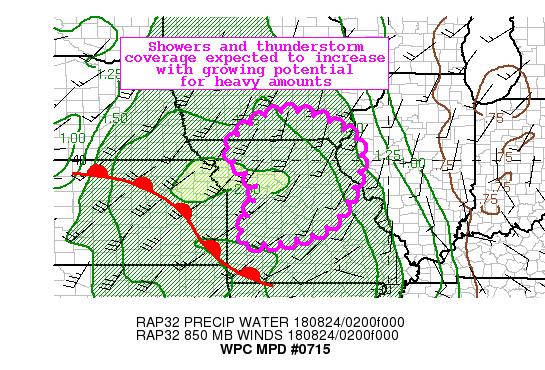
Areas affected...Central and Northern MO...Southern IA...Western
IL

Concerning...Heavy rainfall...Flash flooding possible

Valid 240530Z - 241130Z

Summary...Expect showers and thunderstorms to continue to develop
with an increasing threat for back-building storms raising the
threat for heavy amounts.

Discussion...Convection has begun to develop within an area of
deep moisture (PWs 1.9-2.1 inches) and elevated instability across
northern Missouri.  Amplifying southwesterly flow ahead of a
shortwave trough moving across the northern and central Plains is
expected to support a further increase in moisture and instability
across the region over the next several hours, with recent runs of
the RAP showing PWs increasing to at or above 2 inches along a
40-50 kt southwesterly 850mb jet across central into northern
Missouri and southern Iowa overnight.  This along with increasing
lift ahead of an upper level speed max is expected to support
further storm development overnight.  Initial storms are forecast
to move steadily across northern Missouri, however as the low
level level flow increases, propagation vectors suggest an
increasing threat for back-building storms from southern Iowa and
northern Missouri back into central Missouri.  For the 6-hr period
ending 12z, HREF neighborhood probabilities are above 50 percent
for amounts of an inch or more across much of the highlighted
region and are greater than 50 percent for amounts of 2 inches or
more across northeast Missouri.